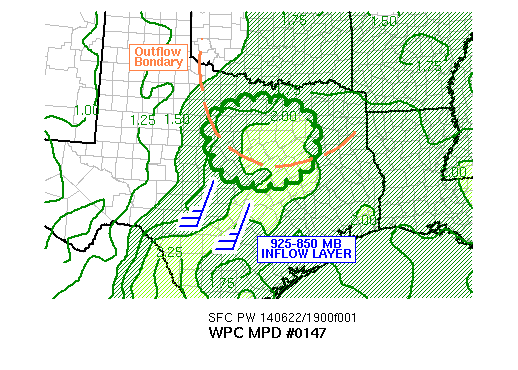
AREAS AFFECTED...PORTIONS OF N-CNTRL TEXAS

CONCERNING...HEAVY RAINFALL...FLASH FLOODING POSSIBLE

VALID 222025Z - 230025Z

SUMMARY...A SMALL BUT PERSISTENT AREA OF HEAVY RAIN SOUTH AND WEST
OF THE DALLAS-FORT WORTH METRO REGION IS EXPECTED TO PERSIST OVER
THE NEXT FEW HOURS WITH A GRADUAL SHIFT SWD...FOLLOWED BY GRADUAL
WEAKENING TOWARD 00Z.

DISCUSSION...LOCALIZED RAINFALL RATES OF 1 TO 2 IN/HR HAVE BEEN
OBSERVED OVER SEVERAL COUNTIES JUST SOUTH AND WEST OF THE
DALLAS-FORT WORTH METRO WITH TOTALS OF 4 TO 6 INCHES SINCE EARLY
THIS MORNING PER COOP REPORTS. MEAN LAYER FLOW REMAINS RELATIVELY
WEAK TOWARD THE EAST AT 10 TO 15 KTS WITH MOIST 925-850 MB INFLOW
ATOP A WELL DEFINED OUTFLOW BOUNDARY NEAR 25 TO 30 KTS ALLOWING
REGENERATION OF CONVECTION OVER THE SAME AREAS. THERE HAS BEEN
SOME GRADUAL WEAKENING OF THE INFLOW BY 5 TO 10 KTS PER KGRK VAD
WIND PROFILE OBSERVED OVER THE PAST COUPLE OF HOURS...AS WELL AS A
SLIGHT VEERING TOWARD THE SSW.

THE AREA REMAINS CONNECTED TO LOW LEVEL MOIST INFLOW FROM THE GULF
AS WELL AS MOISTURE ALOFT WITH A SUBTROPICAL CONNECTION TIED TO A
DISTURBANCE IN THE EASTERN PACIFIC...JUST SOUTHWEST OF THE BAJA
PENINSULA. A SLOW EASTWARD PROGRESSION TO THE MESOSCALE UPPER WAVE
OVER DALLAS-FORT WORTH IS EXPECTED WHICH SHOULD CAUSE CONTINUED
VEERING OF THE LOW LEVEL INFLOW...HELPING TO OFFSET THE CURRENT
BALANCE IN PLACE. A GRADUAL SWD OR SWWD SHIFT IN THE HEAVIEST
RAINS IS EXPECTED THROUGH THE REMAINDER OF THE EVENING FOLLOWED BY
GRADUAL DISSIPATION.

THIS IDEA IS SUPPORTED BY RECENT RUNS OF THE HRRR AND 12Z NSSL WRF
WHICH HAVE BEEN HANDLING THE ONGOING RAINFALL REASONABLY WELL.